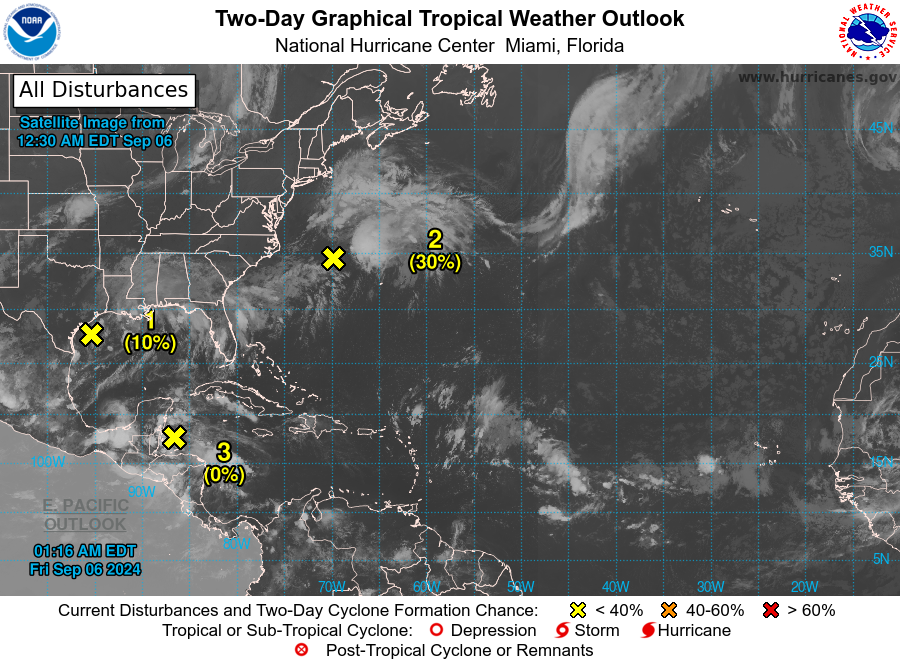
For the North Atlantic...Caribbean Sea and the Gulf of Mexico:

1. Northwestern Gulf of Mexico (AL90): Shower and thunderstorm activity has diminished tonight in association with a broad area of low pressure and a nearby weak front over the northwestern Gulf of Mexico. Upper-level winds are expected to remain unfavorable for significant development of this system while it meanders over the northwestern Gulf and eventually merges with an approaching frontal system later today or on Saturday. Although tropical cyclone development is unlikely, heavy rainfall is expected to continue across portions of the northern Gulf Coast during the next day or so. Additional information on this system can be found in products issued by your local National Weather Service Forecast Office and High Seas Forecasts issued by the National Weather Service.
* Formation chance through 48 hours...low...10 percent.
* Formation chance through 7 days...low...10 percent.

2. Northwestern Atlantic (AL99): Showers and thunderstorms have changed little in organization with a gale-force, non-tropical area of low pressure centered a few hundred miles east of North Carolina, and recent satellite wind data indicate a front extends into the low. This system could briefly acquire some subtropical characteristics over the next day or so while it moves generally north-northeastward, remaining offshore of the northeastern United States. The low is expected to move over cooler waters by early Saturday, and thereafter further development is not expected. Additional information on this system, including gale warnings, can be found in High Seas Forecasts issued by the National Weather Service.
* Formation chance through 48 hours...low...30 percent.
* Formation chance through 7 days...low...30 percent.

3. Northwestern Caribbean Sea and Southwestern Gulf of Mexico: Disorganized showers and thunderstorms over the northwestern Caribbean Sea are associated with a tropical wave. Development is not expected before the system reaches Belize and the Yucatan Peninsula later today. Some slow development is possible later this weekend after the system emerges over the southwestern Gulf of Mexico.
* Formation chance through 48 hours...low...near 0 percent.
* Formation chance through 7 days...low...20 percent.

4. Eastern Tropical Atlantic: An elongated trough of low pressure over the eastern tropical Atlantic is producing minimal shower and thunderstorm activity. Development, if any, should be slow to occur during the early part of next week while the disturbance moves slowly northwestward or northward over the eastern tropical Atlantic.
* Formation chance through 48 hours...low...near 0 percent.
* Formation chance through 7 days...low...10 percent.

High Seas Forecasts are issued by the National Weather Service under AWIPS header NFDHSFAT1 and WMO header FZNT01 KWBC, and online at ocean.weather.gov/shtml/NFDHSFAT1.php

Forecaster Reinhart